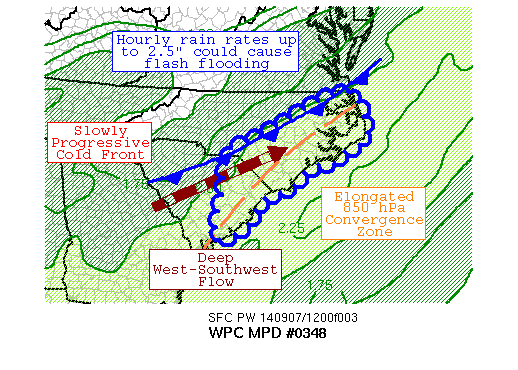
AREAS AFFECTED...EASTERN CAROLINAS

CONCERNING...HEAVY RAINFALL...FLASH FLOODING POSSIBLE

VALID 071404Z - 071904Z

SUMMARY...THUNDERSTORMS ARE FORMING WITHIN A WARM AND INCREASINGLY
UNSTABLE AIR MASS NEAR AND AHEAD OF A COLD FRONT.  HOURLY RAIN
RATES UP TO 2.5" COULD LEAD TO FLASH FLOODING.

DISCUSSION...A THIN BAND OF THUNDERSTORMS HAS FORMED NEAR A SLOWLY
PROGRESSIVE COLD FRONT OVER THE PAST HOUR, WHICH SEEMS TO
CORRELATE BEST TO THE 00Z NAM CONEST AND 00Z NMM MESOSCALE
GUIDANCE PLACEMENT FOR CONVECTION LATE THIS MORNING INTO THIS
AFTERNOON; RECENT RAP AND HRRR RUNS APPEAR TO BE HANDLING THIS
ACTIVITY THE WORST.  SOUNDINGS SHOW LOW THRESHOLDS FOR CONVECTION
ACROSS THE REGION WITH CONVECTIVE TEMPERATURES IN THE LOW 80S.
PRECIPITABLE WATER VALUES ARE 2-2.25" ACROSS THE REGION, ABOVE THE
90TH PERCENTILE FOR EARLY SEPTEMBER.  LOW-LEVEL INFLOW IS WEAK,
WHICH WOULD NORMALLY IMPLY SINGLE CELL/PULSE CONVECTION.  HOWEVER,
THE 0-6 KM BULK SHEAR IS NEAR 25 KTS, WHICH SEEMS TO BE ORGANIZING
THE CONVECTION.  MOST UNSTABLE CAPE ACROSS THE REGION REMAINS
>1000 J/KG, WHILE MIXED LAYER CAPES RECENTLY ROSE >500 J/KG.

DEEP UNIDIRECTIONAL WEST-SOUTHWESTERLY FLOW IS SEEN IN AREA
SOUNDINGS, UPPING THE ANTE FOR FLASH FLOODING AND CELL TRAINING.
DAYTIME HEATING IS EXPECTED TO INCREASE INSTABILITY ACROSS THE
REGION, WHICH SHOULD FUEL LATER CONVECTION.  THE NEARBY FRONTAL
ZONE, 850 HPA TROUGH AXIS, AND ANTICIPATED SEA BREEZES SHOULD ACT
AS FOCI FOR CONVECTION.  WHILE SUBSTANDARD LOW-LEVEL INFLOW
EXISTS, CELL MERGERS AND/OR TRAINING COULD LEAD TO LOCALLY HEAVY
RAINFALL.  CONVECTION COULD BE OUTFLOW DOMINANT DUE TO THE MINIMAL
LOW-LEVEL INFLOW PRESENT AND EXPECTED.  SYNOPTICALLY, THIS
SITUATION IS REMINISCENT OF JULY 21ST AND AUGUST 10TH, WHEN LOCAL
AMOUNTS OF 5-8" OCCURRED IN THIS REGION.  THE 00Z AND 06Z SSEO
NEIGHBORHOOD PROBABILITIES ARE MOST EMPHATIC ACROSS NORTHEAST NC,
WHERE THERE IS A 70% OF EXCEEDING FLASH FLOOD GUIDANCE STARTING AT
16Z.  HOURLY RAIN RATES UP TO 2.5", WITH MESOSCALE GUIDANCE
GENERALLY INDICATING LOCAL AMOUNTS OF 4", COULD LEAD TO FLASH
FLOODING.